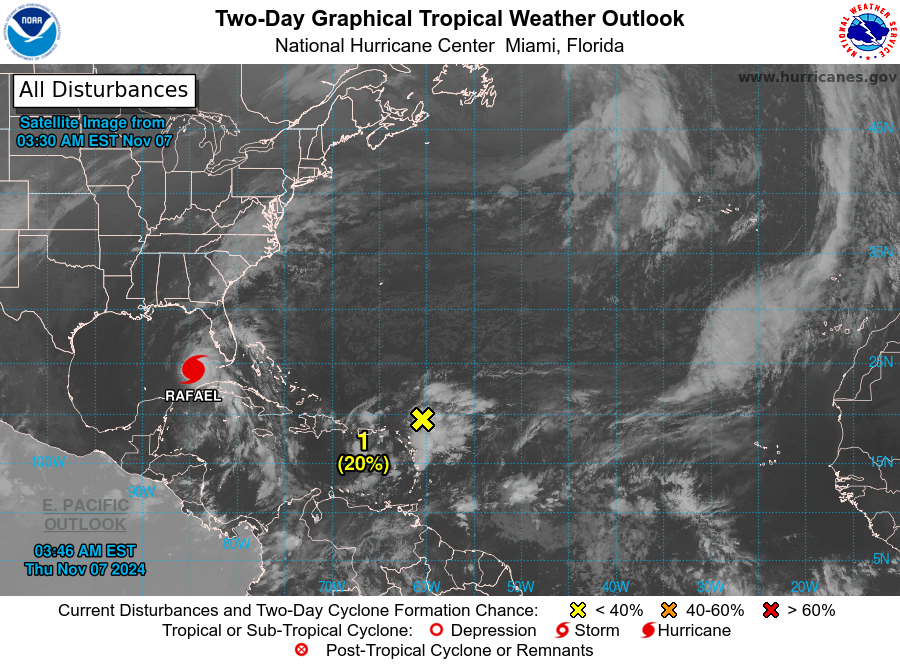
For the North Atlantic...Caribbean Sea and the Gulf of Mexico:

Active Systems: The National Hurricane Center is issuing advisories on Hurricane Rafael, located over the southeastern Gulf of Mexico.

1. Near the Leeward Islands: A trough of low pressure just northeast of the northern Leeward Islands continues to produce disorganized showers and thunderstorms. Some gradual development of this system is possible during the couple of days while it moves westward near the Greater Antilles. Regardless of development, locally heavy rains are possible during the next couple of days across the northern Leeward Islands, the Virgin Islands, Puerto Rico, Hispaniola, and the southeastern Bahamas.
* Formation chance through 48 hours...low...20 percent.
* Formation chance through 7 days...low...30 percent.

Forecaster Kelly